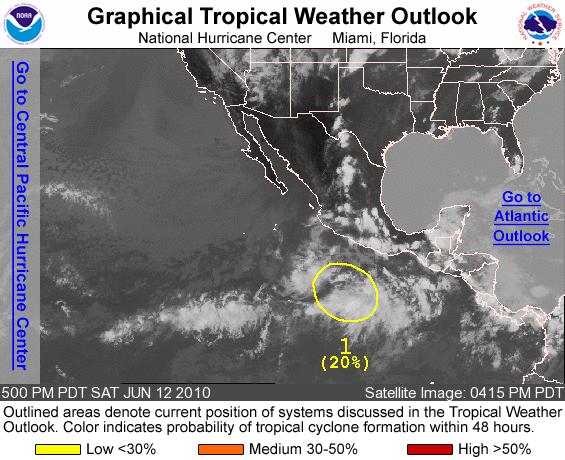
FOR THE EASTERN NORTH PACIFIC...EAST OF 140 DEGREES WEST LONGITUDE..

1. THERE HAS BEEN LITTLE CHANGE WITH A POORLY ORGANIZED AREA OF DISTURBED WEATHER LOCATED A FEW HUNDRED MILES SOUTH-SOUTHWEST OF ACAPULCO MEXICO. DEVELOPMENT...IF ANY...OF THIS SYSTEM IS EXPECTED TO BE SLOW OVER THE NEXT COUPLE OF DAYS. THERE IS A LOW CHANCE...20 PERCENT...OF THIS SYSTEM BECOMING A TROPICAL CYCLONE DURING THE NEXT 48 HOURS AS IT MOVES SLOWLY WEST-NORTHWESTWARD.

ELSEWHERE...TROPICAL CYCLONE FORMATION IS NOT EXPECTED DURING THE NEXT 48 HOURS.

FORECASTER BLAKE